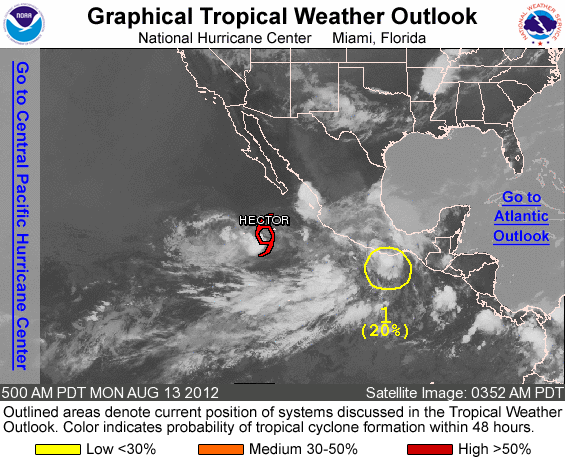
FOR THE EASTERN NORTH PACIFIC...EAST OF 140 DEGREES WEST LONGITUDE..

THE NATIONAL HURRICANE CENTER IS ISSUING ADVISORIES ON TROPICAL STORM HECTOR...LOCATED ABOUT 345 MILES SOUTH-SOUTHWEST OF THE SOUTHERN TIP OF BAJA CALIFORNIA.

1. A WEAK AREA OF LOW PRESSURE LOCATED NEAR THE COAST OF MEXICO ABOUT 175 MILES SOUTHEAST OF ACAPULCO CONTINUES TO PRODUCE SHOWERS AND THUNDERSTORMS. SOME DEVELOPMENT OF THIS SYSTEM IS POSSIBLE DURING THE NEXT COUPLE OF DAYS IF THE DISTURBANCE REMAINS OFFSHORE. THIS SYSTEM HAS A LOW CHANCE...20 PERCENT...OF BECOMING A TROPICAL CYCLONE DURING THE NEXT 48 HOURS AS IT MOVES WEST-NORTHWESTWARD AT AROUND 10 MPH.

ELSEWHERE...TROPICAL CYCLONE FORMATION IS NOT EXPECTED DURING THE NEXT 48 HOURS.

FORECASTER CANGIALOSI